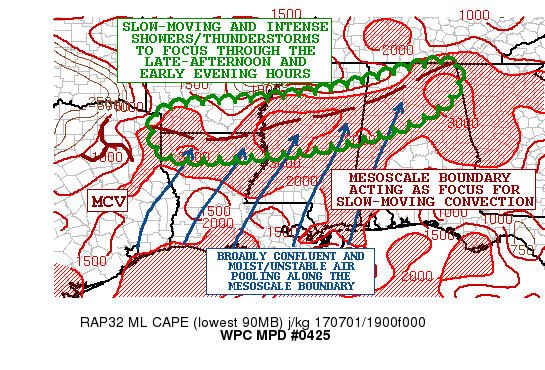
AREAS AFFECTED...FAR NORTHERN LA...FAR SOUTHERN
AR...CENTRAL/NORTHERN MS ...CENTRAL/NORTHERN AL

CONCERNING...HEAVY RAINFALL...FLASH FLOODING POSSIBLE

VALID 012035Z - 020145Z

SUMMARY...AN ELONGATED AXIS OF HEAVY SHOWERS AND THUNDERSTORMS IS
LIKELY TO SET UP THROUGH THE LATE AFTERNOON AND EARLY EVENING
HOURS. SLOW CELL MOTION AND INTENSE RAINFALL RATES MAY RESULT IN
SOME FLASH FLOODING.

DISCUSSION...STRONG DIURNAL HEATING AND A VERY MOIST BOUNDARY
LAYER CONTINUES TO FOSTER A MODERATE TO STRONGLY UNSTABLE AIRMASS
ACROSS MUCH OF THE SOUTH THIS AFTERNOON...AND THIS IS ALLOWING FOR
AN EXCELLENT THERMODYNAMIC ENVIRONMENT FOR EXPANDING AND
ORGANIZING CLUSTERS OF HEAVY SHOWERS AND THUNDERSTORMS.

MEANWHILE...CONVECTION OVER THE LAST COUPLE OF HOURS HAS BEEN
SEEING BECOMING A BIT MORE FOCUSED AND ESPECIALLY ACROSS PARTS OF
FAR NORTHERN LA/SOUTHERN AR JUST OUT AHEAD OF A LONG-LIVED MCV
MOVING NORTHEAST TX...AND ALSO DOWNSTREAM NOW ALONG A WELL-DEFINED
MESOSCALE BOUNDARY/SURFACE TROUGH EXTENDING EAST ACROSS
NORTH-CENTRAL MS...NORTHERN AL AND INTO FAR SOUTHEAST TN. THIS
SHOWS UP WELL ON THE LATEST EXPERIMENTAL GOES-16 0.64 MICRON/VIS
IMAGERY AND IS ALSO REFLECTIVE OF A WELL-DEFINED INSTABILITY
GRADIENT. BROADLY CONFLUENT FLOW FROM THE GULF OF MEXICO MEANWHILE
CONTINUES TO POOL THIS GREATER MOISTURE AND INSTABILITY UP ALONG
THE BOUNDARY AND SHOULD HELP FACILITATE ADDITIONAL CONVECTIVE
DEVELOPMENT THROUGH THE LATE-AFTERNOON AND EARLY EVENING HOURS.

EXPECT AS MUCH AS 3 TO 6+ INCHES OF RAIN LOCALLY GIVEN RAINFALL
RATES OF 2.5 INCHES/HR...SLOW CELL-MOTION AND CONCERNS OVER W/E
TRAINING ALONG THE MESOSCALE BOUNDARY. FLASH FLOODING IS POSSIBLE.